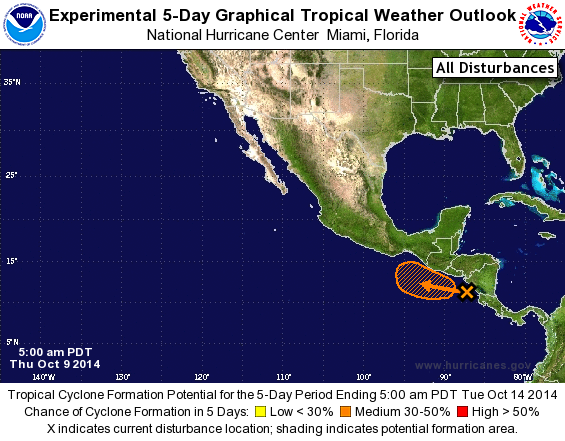
For the eastern North Pacific...east of 140 degrees west longitude:

1. An area of low pressure located near the Pacific coast of Nicaragua is producing disorganized showers and thunderstorms. Gradual development of this system is possible through the weekend while it drifts west-northwestward. Regardless of development, this system will produce locally heavy rains over portions of Central America during the next couple of days.
* Formation chance through 48 hours...low...20 percent.
* Formation chance through 5 days...medium...50 percent.

Forecaster Pasch